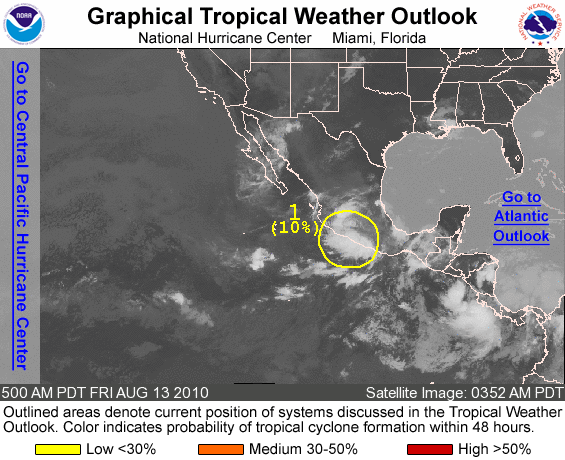
FOR THE EASTERN NORTH PACIFIC...EAST OF 140 DEGREES WEST LONGITUDE..

1. SURFACE OBSERVATIONS INDICATE THAT THE BROAD AREA OF LOW PRESSURE HAS MOVED INLAND NEAR ACAPULCO MEXICO AND DEVELOPMENT IS NOT LIKELY. HOWEVER...LOCALLY HEAVY RAINS WILL CONTINUE OVER PORTIONS OF THE SOUTHWESTERN COAST OF MEXICO DURING THE NEXT DAY OR SO AS THE LOW MOVES FARTHER INLAND. THERE IS A LOW CHANCE...10 PERCENT...OF THIS SYSTEM BECOMING A TROPICAL CYCLONE DURING THE NEXT 48 HOURS

ELSEWHERE...TROPICAL CYCLONE FORMATION IS NOT EXPECTED DURING THE NEXT 48 HOURS.

FORECASTER CANGIALOSI/AVILA